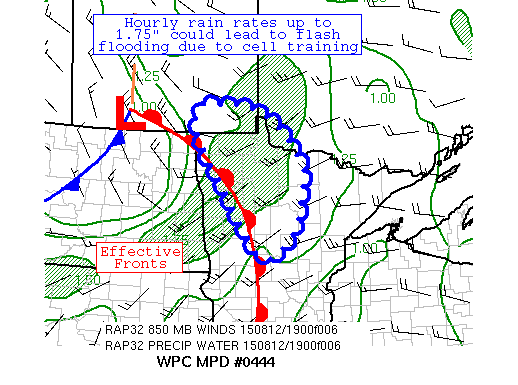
AREAS AFFECTED...NORTHERN MN

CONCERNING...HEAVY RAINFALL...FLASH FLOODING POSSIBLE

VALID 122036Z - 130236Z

SUMMARY...CONVECTION HAS BEGUN TO FORM OVER NORTHWEST MN AS CIN
ERODES.  CELL TRAINING SHOULD BECOME AN INCREASING CONCERN WITH
TIME, LEADING TO POSSIBLE FLASH FLOODING.

DISCUSSION...THUNDERSTORMS HAVE BEGUN TO ALIGN ALONG A
NORTH-NORTHWEST TO SOUTH-SOUTHEAST AXIS AS THEY FORM NEAR A WEAK
WARM FRONT-LIKE FEATURE, LOCATED ACROSS WESTERN MN.  MLCAPES IN
THE WARM SECTOR ARE SIGNIFICANT, IN THE 3000-4500 J/KG RANGE
ACROSS EASTERN ND, WITH LESSER VALUES CLOSER TO THE 2000-3500 J/KG
ACROSS WESTERN MN.  PRECIPITABLE WATER VALUES ARE IN THE 1-1.6"
RANGE PER GPS INFORMATION.  INFLOW AT 850 HPA INTO THE BOUNDARY IS
25-30 KTS, ABOVE THE MAGNITUDE OF THE MEAN 850-400 HPA WIND AND AT
A RIGHT ANGLE.

INDIVIDUAL CELLS ARE MOVING EAST-SOUTHEAST AT 20-30 KTS WITH THE
MEAN 850-400 HPA WIND.  STORMS SHOULD CONTINUE TO INTENSIFY AS THE
REMAINING CIN IN THE AREA ERODES AND BACKBUILDING IS POSSIBLE
CONSIDERING THE ORIENTATION OF THE INSTABILITY.  THIS SHOULD ACT
TO LENGTHEN THE CONVECTIVE LINE.  ANY COLD POOL THAT FORMS WOULD
REINFORCE THE WEAK WARM FRONT, WITH CELL MOTION ACCELERATING
TOWARDS 40 KTS AND BECOME MORE PARALLEL TO THE 1000-500 HPA
THICKNESS PATTERN, MOVING MORE TO THE SOUTHEAST AND
SOUTH-SOUTHEAST.  TOWARDS THE END OF THE PERIOD, CONVECTION COULD
BECOME MORE ELEVATED AND THREATEN AREAS FARTHER EAST ACROSS
NORTH-CENTRAL MN.  CELL TRAINING IS THE MAIN FLASH FLOOD THREAT.
BELIEVE THE 12Z SPC WRF AND NSSL WRF (ALONG WITH 00Z CAM GUIDANCE)
IS HANDLING THIS EVOLUTION THE BEST PER THE AVAILABLE INSTABILITY
AND BREADTH OF THE 850 HPA INFLOW.  HOURLY RAIN RATES UP TO 1.75"
ARE POSSIBLE WHERE CELLS TRAIN, AND BELIEVE THE SPC WRF IN THAT
LOCAL AMOUNTS OF 3-4" ARE POSSIBLE.  FLASH FLOODING IS CONSIDERED
POSSIBLE RATHER THAN LIKELY DUE TO HOW FEW PIECES OF MESOSCALE
GUIDANCE ARE PICKING UP ON THIS ACTIVITY.